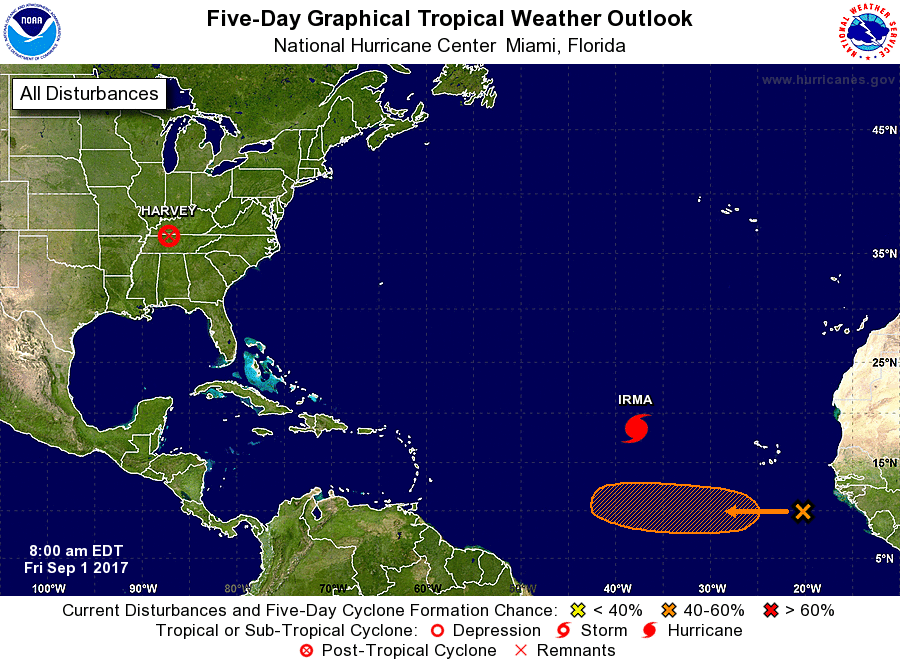
For the North Atlantic...Caribbean Sea and the Gulf of Mexico:

The National Hurricane Center is issuing advisories on Hurricane Irma, located over the eastern Atlantic Ocean. The Weather Prediction Center is issuing advisories on Tropical Depression Harvey, located over Tennessee.

1. A tropical wave located over the far eastern Atlantic Ocean off the west coast of Africa is producing disorganized cloudiness and showers. Environmental conditions are expected to be conducive for development, and this system could become a tropical depression after the weekend while it moves westward at 15 mph over the tropical Atlantic.
* Formation chance through 48 hours...low...near 0 percent.
* Formation chance through 5 days...medium...50 percent.

Forecaster Blake